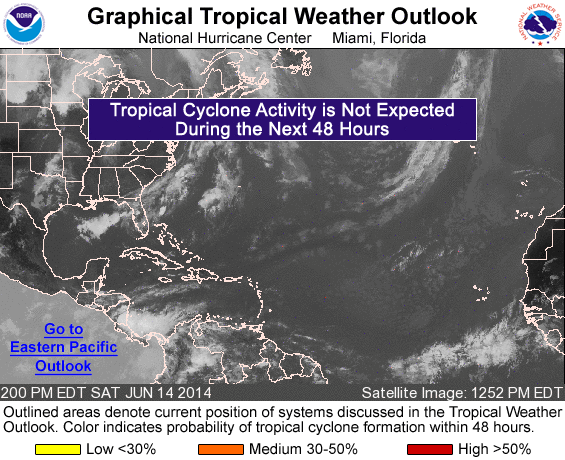
For the North Atlantic...Caribbean Sea and the Gulf of Mexico:

Tropical cyclone formation is not expected during the next 5 days.

Forecaster Brennan